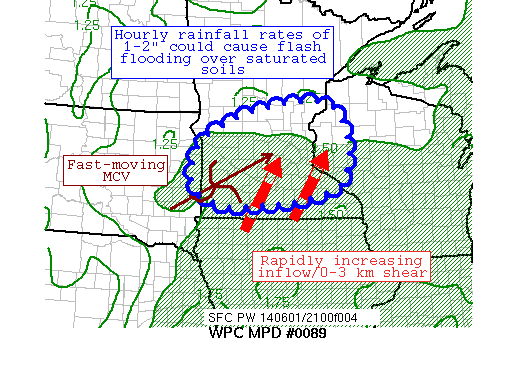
AREAS AFFECTED...SOUTH-CENTRAL MN

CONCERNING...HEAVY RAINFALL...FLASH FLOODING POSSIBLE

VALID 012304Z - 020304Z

SUMMARY...A FAST-MOVING MCV MOVING INTO SOUTHWEST MN IS CAUSING
THUNDERSTORMS WITH RAIN RATES OF 1-2" AN HOUR.  AS THE GROUND IS
SATURATED IN THIS REGION, FLASH FLOODING IS CONSIDERED POSSIBLE.

DISCUSSION...AN MCV WHICH FORMED IN NORTH-CENTRAL NE EARLY THIS
AFTERNOON HAS BEEN MOVING EAST-NORTHEAST AT CLOSE TO 50 KTS --
CENTERED AT THE TIME OF THIS DISCUSSION ACROSS SOUTHWEST MN -- IS
BECOMING INCREASINGLY EMBEDDED WITHIN NEW THUNDERSTORM ACTIVITY.
THE RAIN BAND TO ITS EAST IS BREAKING UP, ALLOWING INFLOW TO MOVE
INTO THE SYSTEM RELATIVELY UNRESTRICTED.  SMALL BANDS OF
CONVECTION AROUND THIS FEATURE ARE PRODUCING RAINFALL RATES OF
1-2" AN HOUR AND THE SYSTEM IS MOVING INTO AN AREA OF SATURATED
SOILS CAUSED BY THUNDERSTORMS OVER THE PAST COUPLE DAYS.
PRECIPITABLE WATER VALUES IN THE REGION ARE IN THE 1.50-1.75"
RANGE, AROUND THE 95TH PERCENTILE FOR THE BEGINNING OF JUNE. CAPES
SHOULD REMAIN 1000+ J/KG OVER THE NEXT SEVERAL HOURS.

THE EXPECTATION IS FOR THIS SYSTEM -- WHICH SHOWS UP IN THE 21Z
RAP AS A CLOSED 850 HPA CIRCULATION -- TO CONTINUE MOVING ALONG,
WITH 850 HPA INFLOW/0-3 KM SHEAR RAPIDLY INCREASING IN ADVANCE OF
THE CIRCULATION CENTER.  DESPITE ITS FAST MOTION, SINCE FLASH
FLOOD GUIDANCE VALUES ARE QUITE LOW IN ITS PATH, REGIONAL FLASH
FLOODING IS CONSIDERED POSSIBLE.